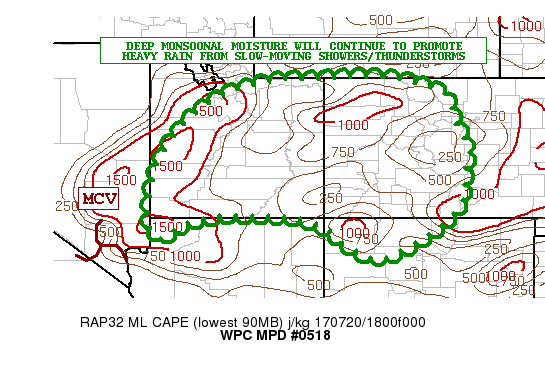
AREAS AFFECTED...EXTREME NORTHWEST AZ...UT...WESTERN/CENTRAL
CO...NORTHWEST NM

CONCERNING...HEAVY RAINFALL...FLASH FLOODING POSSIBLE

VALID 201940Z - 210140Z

SUMMARY...SCATTERED SHOWERS AND THUNDERSTORMS WITH LOCALLY INTENSE
RAINFALL RATES WILL EXPAND IN COVERAGE THIS AFTERNOON. HEAVY
RAINFALL RATES AND SLOW CELL MOTION WILL SUPPORT SOME FLASH
FLOODING CONCERNS.

DISCUSSION...DIURNALLY ENHANCED AND OROGRAPHICALLY FOCUSED SHOWERS
AND THUNDERSTORMS WILL BE THE THEME ONCE AGAIN THIS AFTERNOON AND
INTO THE EARLY EVENING HOURS OVER ESPECIALLY CENTRAL/EASTERN UT
AND ACROSS WESTERN/CENTRAL CO. ADJACENT AREAS OF NORTHWEST NM WILL
BE IMPACTED TO AN EXTENT...AND LATER IN THE DAY...NORTHWEST AZ MAY
SEE AN UPTICK IN CONVECTIVE ACTIVITY DEPENDING ON HOW WELL
CONVECTION ORGANIZES OVER THE MOGOLLON RIM. A VERY WELL-DEFINED
MCV SEEN IN GOES-15 VISIBLE SATELLITE IMAGERY OVER FAR SOUTHERN NV
ALSO WILL NEED TO BE MONITORED AS A FORCING MECHANISM.

THESE AREAS CONTINUE TO BE LOCATED WITHIN AN AREA OF CONCENTRATED
MONSOONAL MOISTURE AS EVIDENCED BY THE 15Z CIRA-LPW AND GOES-15
SOUNDER DATA WHICH SHOW TPW VALUES UP AROUND 1 INCH. OVERALL...THE
COLUMN IS A BIT MORE MOIST OVER CENTRAL/EASTERN UT...AND SO THE
RAINFALL RATES HERE WILL TEND TO BE A BIT HIGHER COMPARED TO
WESTERN CO. HOWEVER...THE EFFECTS OF OROGRAPHIC FORCING AND SLOW
CELL MOTION GIVEN WEAK MID LEVEL FLOW OVER THE REGION WILL BE
CAPABLE OF ALLOWING ANY OF THE THUNDERSTORMS TO PRODUCE LOCALLY
ENHANCED RAINFALL.

A CONSENSUS OF THE HIRES MODEL CONSENSUS SUPPORTS RAINFALL RATES
OF UP TO 1.5 INCHES/HR WITH SOME STORM TOTALS OF AS MUCH AS 2 TO 3
INCHES LOCALLY. THIS AGAIN WILL LIKELY BE ENOUGH TO CAUSE SOME
FLASH FLOODING CONCERNS OVER THE HIGHER TERRAIN AND NEAR ANY
CANYON AREAS MORE SUSCEPTIBLE TO ENHANCED CHANNELING OF RUNOFF.